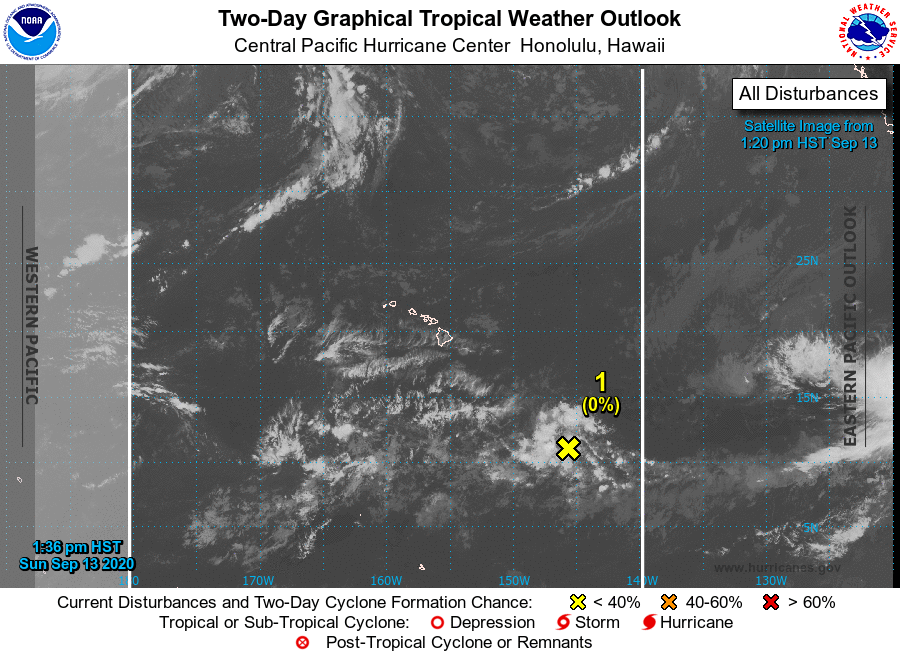
For the central North Pacific...between 140W and 180W:

1. An nearly stationary area of low pressure about 850 miles southeast of Hilo, Hawaii is producing disorganized showers and thunderstorms. Some gradual development of this system is possible over the next several days as it begins to move toward the west at about 10 mph.
* Formation chance through 48 hours...low...near 0 percent.
* Formation chance through 5 days...low...20 percent.

Elsewhere, no tropical cyclones are expected during the next 5 days.

Forecaster Birchard